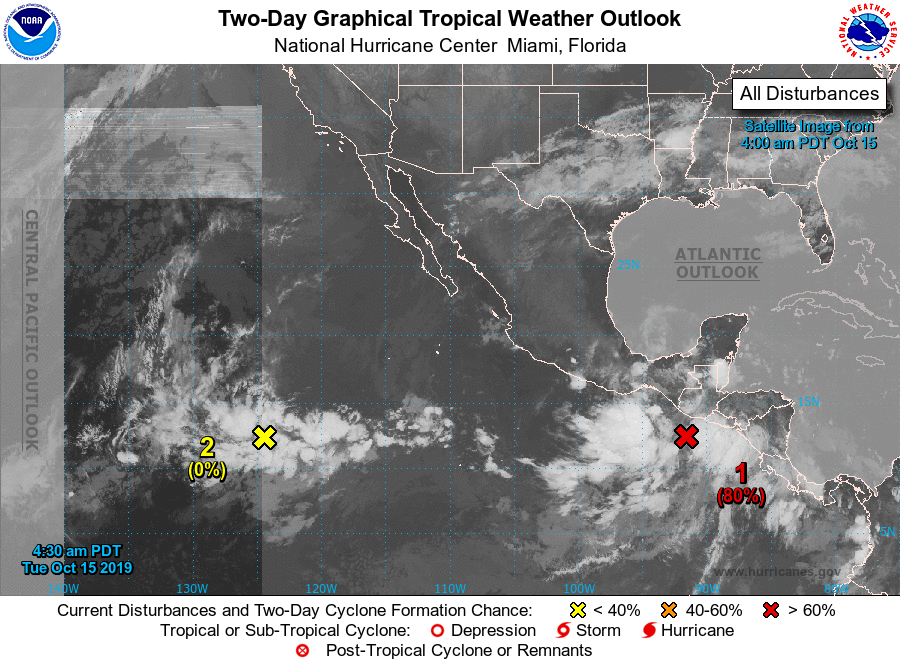
For the eastern North Pacific...east of 140 degrees west longitude:

1. Showers and thunderstorms continue in association with a broad area of low pressure located a couple of hundred miles south-southwest of the coast of Guatemala. Environmental conditions are conducive for development of this system, and a tropical depression or tropical storm is expected to form within the next couple of days while the system moves west-northwestward at about 10 mph near the coast of southeastern Mexico. Regardless of development, heavy rainfall currently occurring across Costa Rica, Nicaragua, Honduras and El Salvador is forecast to spread westward over Guatemala today, and across southern Mexico by Wednesday. These rains could cause flooding and mudslides, especially in mountainous areas. Interests in southeastern Mexico should monitor the progress of this system.
* Formation chance through 48 hours...high...80 percent.
* Formation chance through 5 days...high...80 percent.

2. A large area of disorganized showers and thunderstorms centered about 1200 miles southwest of the southern tip of the Baja California peninsula is associated with a surface trough of low pressure. Some development of this system is possible during the next few days while the system moves little.
* Formation chance through 48 hours...low...near 0 percent.
* Formation chance through 5 days...low...20 percent.

Forecaster Roberts